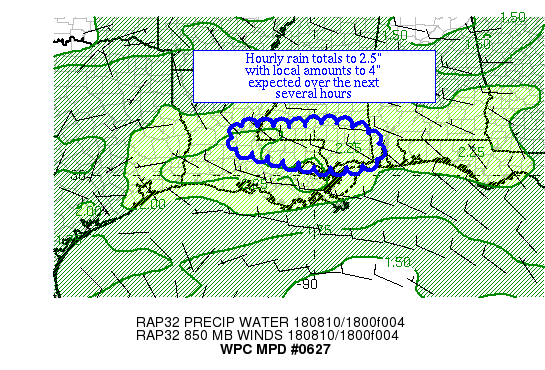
Areas affected...Southern MS & Eastern LA

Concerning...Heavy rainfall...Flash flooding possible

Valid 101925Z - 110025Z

Summary...Thunderstorms within a zone of low-level convergence
should allow for hourly rain totals to 2.5" with local amounts to
4" over the next five hours.

Discussion...Thunderstorms are forming within a zone of 850 hPa
convergence in a divergent environment aloft between an upper low
near the Lower Ohio Valley, an upper low in the eastern Gulf, and
a small upper level disturbance offshore southern LA.
Precipitable water values of 2-2.25" lie here per GPS data.
Inflow is generally out of the west-northwest at 15 kts.  ML CAPE
values of 2000-2500 J/kg lie across the area.

While convection is expected to remain pulse due to a lack of
effective bulk shear, the degree of instability and low-level
convergence could yield heavy rainfall from east-central LA into
southeast LA and southern MS.  The mesoscale guidance has a
reasonable signal for heavy rain, generally showing local amounts
of 4" over the next five hours.  The available instability should
allow convection to thrive for 4-5 hours, which is also reflected
in the 12z HREF probabilities of 1"+ in an hour.  Where cells
collide or briefly train, hourly rain totals to 2.5" are possible.